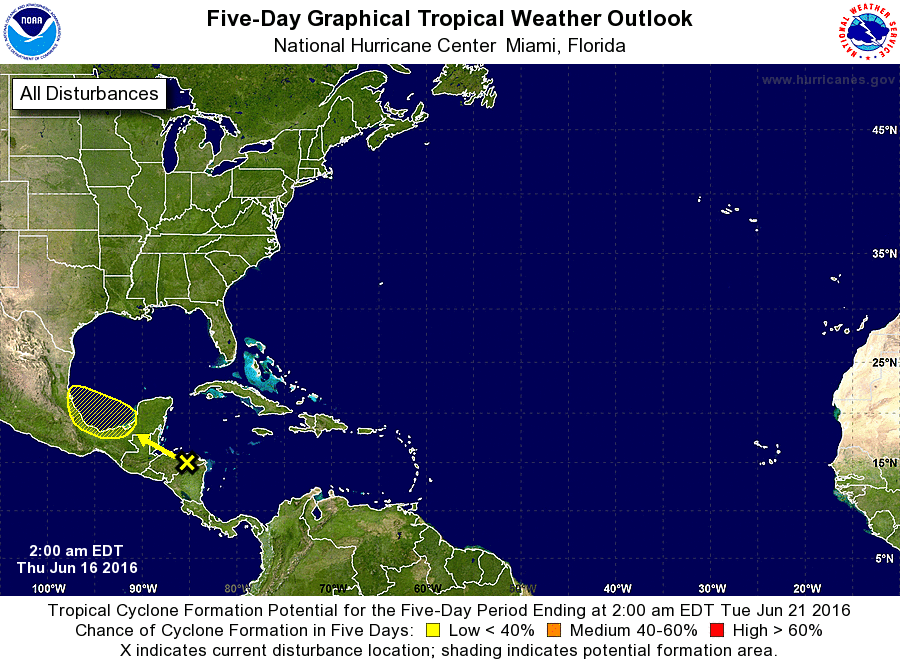
For the North Atlantic...Caribbean Sea and the Gulf of Mexico:

1. A tropical wave located over Honduras, Nicaragua, and the adjacent waters of the northwestern Caribbean Sea is producing a broad area of cloudiness and disorganized thunderstorm activity. Development, if any, of this disturbance should be slow to occur due to interaction with land while the system moves west-northwestward at 10 to 15 mph toward the Bay of Campeche over the next few days.
* Formation chance through 48 hours...low...near 0 percent
* Formation chance through 5 days...low...10 percent

Forecaster Stewart